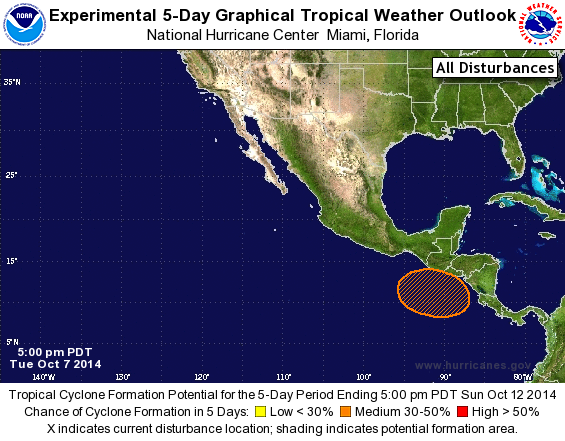
For the eastern North Pacific...east of 140 degrees west longitude:

The National Hurricane Center is issuing advisories on recently downgraded Tropical Depression Simon, located just west of Punta Eugenia, Mexico.

1. A broad area of low pressure over the southwestern Caribbean Sea is expected to move slowly westward across Central America and over the far eastern Pacific during the next couple of days. Gradual development of this system is possible south or southwest of the coast of Central America late this week or this weekend while it moves slowly west-northwestward or northwestward.
* Formation chance through 48 hours...low...near 0 percent.
* Formation chance through 5 days...medium...30 percent.

Forecaster Cangialosi